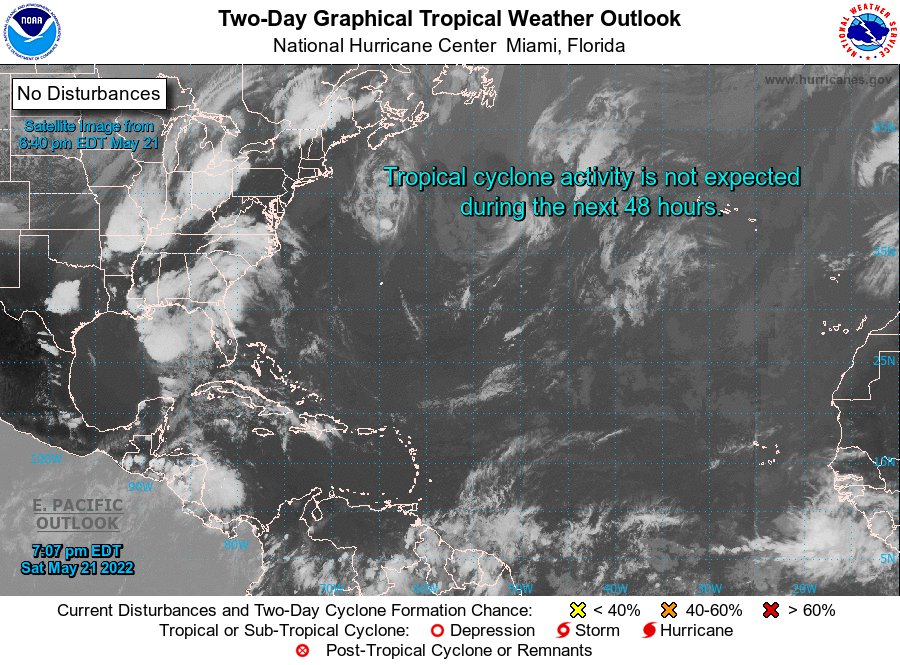
For the North Atlantic...Caribbean Sea and the Gulf of Mexico:

Tropical cyclone formation is not expected during the next 5 days.

Forecaster Cangialosi